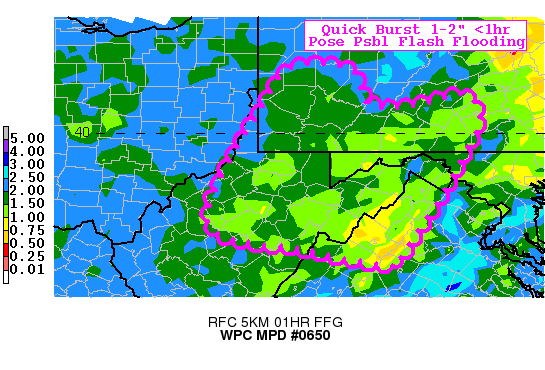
Areas affected...Southwestern PA...Western MD...Northern and
Eastern WV...Northwestern VA

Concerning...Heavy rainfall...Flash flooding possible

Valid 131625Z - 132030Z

SUMMARY...Ascent, Moderate Lapse Rates, Sufficient Moisture to
Yield Quick Burst 1-2"/hr Totals in Complex Terrain/Low FFG May
Pose Localized Flash Flooding Concern...

DISCUSSION...Goes-16 Meso 1-minute imagery depicts a cluster of
developing TCU and CBs across the highest ridges of S Central PA,
Western MD, and Northeast WV, as well as forming in the Allegheny
River Valley in W PA.  Sufficient early morning heating along the
ridges supported development along the eastern periphery of the
deep upper level closed low.  This cold pool aloft, supported
lapse rates to 7.5/km and SBCAPEs to 1500 J/kg.  Moisture filtered
around the western side of the lower level cyclones/pooled within
the valleys with Tds in the mid-60s, provide solid moisture with
total PWATs in the rates of 1.2 in PBZ sounding to 1.5" toward
HGR.  Weak flow in the mid-level will not support cells, with
strong quick burst wet downdrafts capable of 1-2" in less than 1
hour.  This is near exceeds the FFG values in the region for
isolated possible flash flooding.

Hi-res CAMs depict the cold pool from initial cells propagating in
all directions to seek out other wells of instability, further
west stronger updrafts but lower moisture may lead to
shorter/stronger wet downdrafts, while cells further east with
less instability/lower mid-level lapse rates may be more efficient
but a bit weaker/narrower in updraft/downdraft.  Mean flow on the
southern periphery of the upper low should support faster
propagation off the terrain to the west in MD/E WV... but may be
counter-acted in Northern WV, allowing for a bit longer duration
or even secondary development repeating in spots.  Trends
currently favor 12z ARW, ARW2 and NAM-Conest.  While the HRRR
agrees in evolution, it is already about 1-2hours slow in
organized development, making it less favorable of a solution, but
adding some confidence in the overall evolution and potential
flash flooding rain rates.